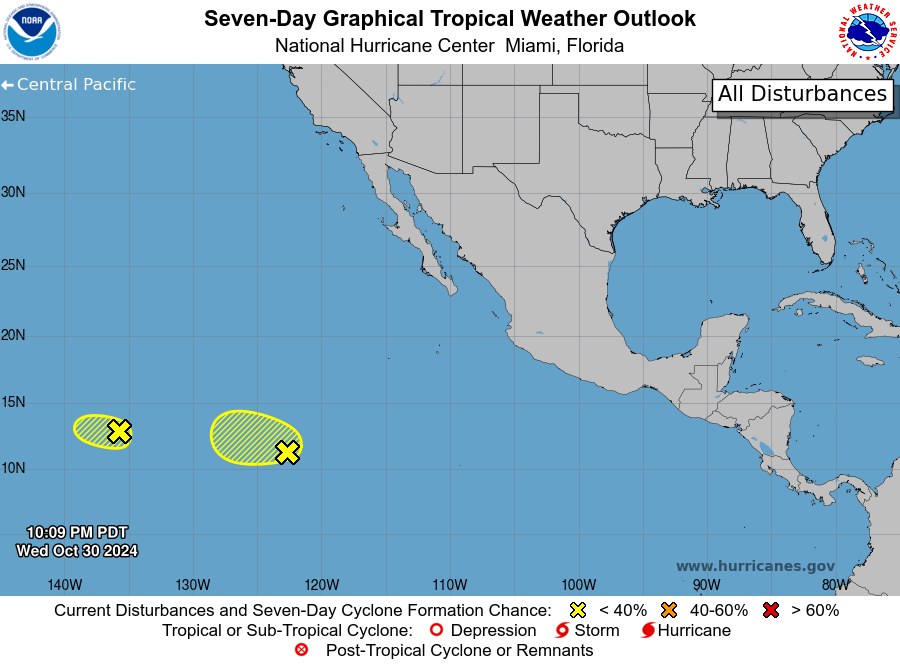
For the eastern North Pacific...east of 140 degrees west longitude:

1. Western East Pacific (EP91): A broad area of low pressure located about 1700 miles west- southwest of the southern tip of the Baja California peninsula is producing limited showers and thunderstorms. Development, if any, of this system is expected to be slow to occur during the next couple of days while the system moves generally westward at about 15 mph. This system is forecast to cross into the Central Pacific Basin by the weekend, where environmental conditions look unfavorable for further development.
* Formation chance through 48 hours...low...10 percent.
* Formation chance through 7 days...low...10 percent.

2. Central East Pacific: An area of low pressure located about 1200 miles southwest of the southern tip of the Baja California peninsula continues to produce a large area of disorganized showers and thunderstorms. Some development of this system is possible during the next few days while the low moves slowly to the west-northwest. By the end of the week, however, upper-level winds should become less conducive for development.
* Formation chance through 48 hours...low...10 percent.
* Formation chance through 7 days...low...20 percent.

Forecaster Blake